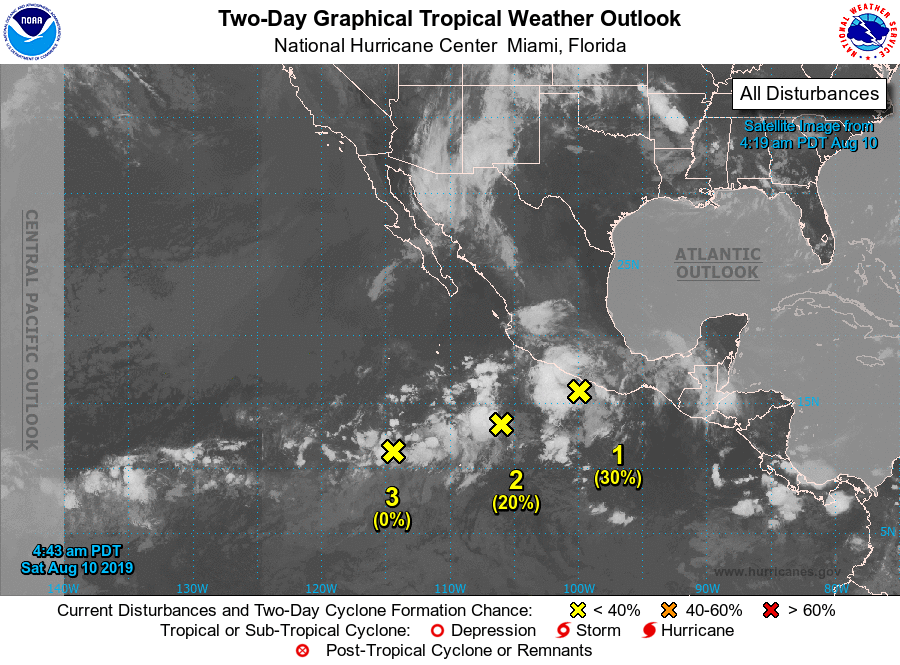
For the eastern North Pacific...east of 140 degrees west longitude:

1. A trough of low pressure located about 100 miles south of Acapulco, Mexico is producing a large area of showers and thunderstorms. Environmental conditions could still favor some gradual development during the next couple of days while the system moves west-northwestward just off the southwestern coast of Mexico. After that time, conditions are forecast to become unfavorable for tropical cyclone formation. Regardless of development, the disturbance will likely bring locally heavy rainfall along portions of the southwestern coast of Mexico during the next couple of days.
* Formation chance through 48 hours...low...30 percent.
* Formation chance through 5 days...medium...40 percent.

2. A broad area of low pressure has developed a few hundred miles south-southwest of Manzanillo, Mexico and is producing disorganized showers and thunderstorms. Some slow development of this system is possible over the next few days.
* Formation chance through 48 hours...low...20 percent.
* Formation chance through 5 days...low...30 percent.

3. A tropical wave located a little less than 1000 miles south- southwest of the Baja California peninsula is producing an area of disorganized showers and thunderstorms. Environmental conditions are expected to become more conducive for tropical cyclone formation early next week while the system moves westward or west- northwestward at 10 to 15 mph.
* Formation chance through 48 hours...low...near 0 percent.
* Formation chance through 5 days...medium...50 percent.

Forecaster Latto/Brown